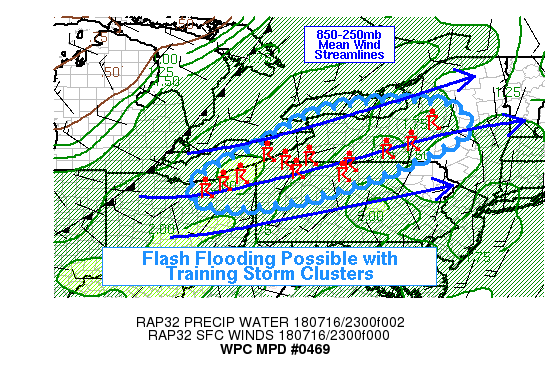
AREAS AFFECTED...NERN OH...NRN PA...WRN/CTRL NY

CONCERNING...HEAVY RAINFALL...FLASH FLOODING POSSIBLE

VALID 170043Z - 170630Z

SUMMARY...SCATTERED THUNDERSTORMS WERE DEVELOPING AHEAD OF AN
ADVANCING COLD FRONT IN THE EASTERN GREAT LAKES. THESE STORMS WERE
MERGING INTO SMALL CLUSTERS AND COULD TRAIN TO PRODUCE LOCALLY
HEAVY SWATHS OF RAINFALL. RAIN RATES OF 1-2 IN/HR WILL BE COMMON
WITH THE STRONGER STORMS...AND IF TRAINING CAN OCCUR FLASH
FLOODING WOULD BE POSSIBLE.

DISCUSSION...REGIONAL RADARS AND GOES-16 IR SATELLITE CHANNELS
SHOWED SCATTERED CONVECTION ACROSS THE EASTERN GREAT LAKES REGION
GRADUALLY INCREASING IN AREAL EXTENT AND INTENSITY. ALTHOUGH A
CONTINUOUS BAND OF THUNDERSTORMS HAD NOT DEVELOPED... CONVECTION
WAS BEGINNING TO ORGANIZE INTO SMALL-MEDIUM SIZED CLUSTERS...
PARTICULARLY IN AREAS OF ENHANCED CONVERGENCE (SUCH AS THE SOUTH
SHORE OF LAKE ERIE). ENOUGH OF THESE CLUSTERS WERE BECOMING
SUFFICIENTLY ALIGNED IN THE DEEP LAYER MEAN WIND TO MAKE A COUPLE
HOURS OF TRAINING CONVECTION A MORE PLAUSIBLE SCENARIO THIS
EVENING. ONE SUCH EXAMPLE HAS ALREADY OCCURRED TO THE WEST OF
ELMIRA NY ALONG THE NY-PA BORDER. PERSISTENCE OF 1-2 IN/HR RAIN
RATES FOR A COUPLE HOURS VIA TRAINING CONVECTION SHOULD MAKE FLASH
FLOODING A POSSIBILITY ACROSS THE REGION.

THE AIR MASS IN FRONT OF THE COLD FRONT WAS RELATIVELY HOMOGENEOUS
WITH MODERATE INSTABILITY (RAP MODEL ANALYSIS MLCAPE 1000-2000
J/KG) AND ELEVATED PRECIPITABLE WATER VALUES (1.7 TO 1.9 INCHES;
ABOVE THE 90TH PERCENTILE). EFFECTIVE DEEP LAYER SHEAR WAS ALSO
AROUND 25-30 KNOTS...SO THE ENVIRONMENT IS OVERALL SUPPORTIVE OF
ORGANIZED CLUSTERS AND LINES OF STORMS THAT COULD BE EFFICIENT
RAINFALL PRODUCERS. GIVEN THAT THE SURFACE COLD FRONT IS STILL
UPSTREAM AND MODERATE INSTABILITY SHOULD PERSIST THROUGH THE
EVENING... THE THREAT OF FLASH FLOODING SHOULD CONTINUE OVER THE
NEXT SEVERAL HOURS.